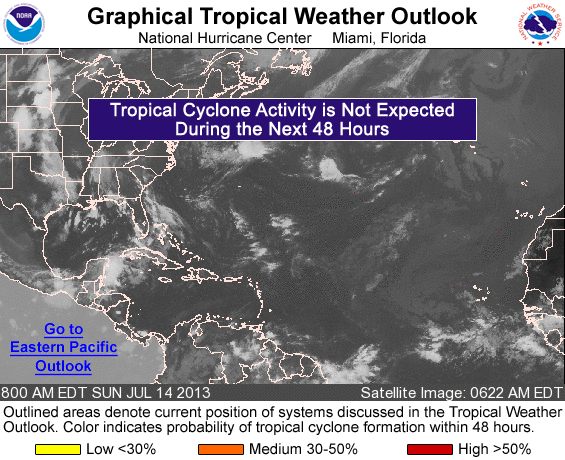
FOR THE NORTH ATLANTIC...CARIBBEAN SEA AND THE GULF OF MEXICO...

TROPICAL CYCLONE FORMATION IS NOT EXPECTED DURING THE NEXT 48 HOURS.

FORECASTER KIMBERLAIN